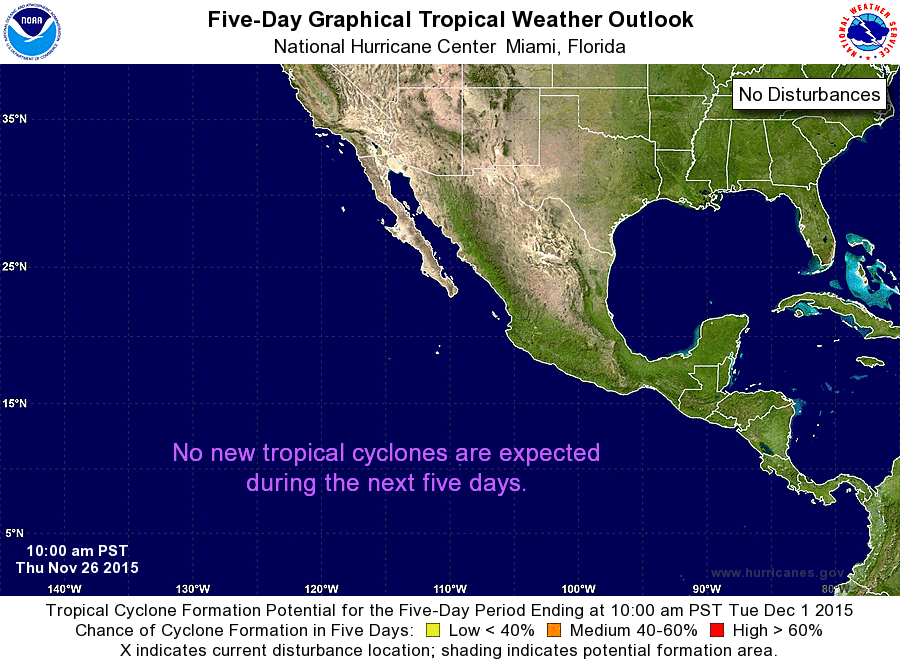
For the eastern North Pacific...east of 140 degrees west longitude:

The National Hurricane Center is issuing advisories on Hurricane Sandra, located several hundred miles south of the southern tip of the Baja California peninsula.

Tropical cyclone formation is not expected during the next 5 days.

Forecaster Kimberlain